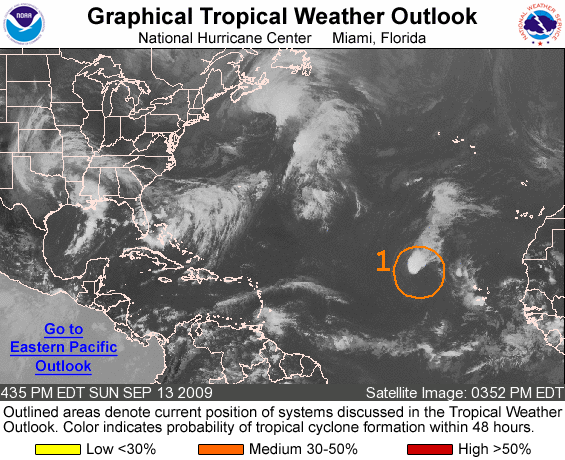
FOR THE NORTH ATLANTIC...CARIBBEAN SEA AND THE GULF OF MEXICO...

SPECIAL OUTLOOK ISSUED FOR THE REMNANTS OF FRED.

1. UPDATED...SHOWER AND THUNDERSTORM ACTIVITY HAS INCREASED TO THE NORTH OF THE CENTER OF THE REMNANT CIRCULATION OF FRED...WHICH IS LOCATED ABOUT 700 MILES WEST-NORTHWEST OF THE NORTHERNMOST CAPE VERDE ISLANDS. WHILE UPPER-LEVEL WINDS ARE EXPECTED TO REMAIN UNFAVORABLE FOR RE-DEVELOPMENT AS THIS SYSTEM MOVES SLOWLY WESTWARD OVER THE NEXT COUPLE OF DAYS...REGENERATION INTO A TROPICAL CYCLONE IS POSSIBLE IF SHOWER AND THUNDERSTORM ACTIVITY CONTINUES TO BECOME BETTER ORGANIZED. THERE IS A MEDIUM CHANCE...30 TO 50 PERCENT...OF THIS SYSTEM BECOMING A TROPICAL CYCLONE DURING THE NEXT 48 HOURS.

ELSEWHERE...TROPICAL CYCLONE FORMATION IS NOT EXPECTED DURING THE NEXT 48 HOURS.

FORECASTER BRENNAN